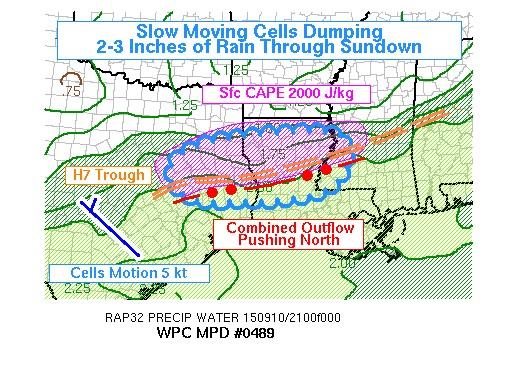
AREAS AFFECTED...ERN TX...NRN LA...WRN MS

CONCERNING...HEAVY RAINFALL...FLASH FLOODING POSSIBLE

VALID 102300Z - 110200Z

SUMMARY...VERY SLOW MOVING THUNDERSTORMS WILL PRODUCE RAPID
ACCUMULATIONS OF 2-3 INCHES OF RAIN BEFORE LOSING INTENSITY TOWARD
SUNSET. FLASH FLOODING IS POSSIBLE.

DISCUSSION...EVENTS ACROSS TX/LA/MS MAY BE NEAR THEIR PEAK AS OF
2250Z...BUT POTENTIAL FOR ADDITIONAL FLASH FLOODING DOES LOOK TO
REMAIN THROUGH ABOUT 02Z PER 1-HOUR RAIN RATES IN THE HRRR AND
SIMULATED REFLECTIVITY FROM THE NCEP HI-RES MODELS. FORCING ALONG
A 700 MB TROUGH AXIS HAD COMBINED WITH OUTFLOW FROM EARLY MORNING
COASTAL CONVECTION TO PRODUCE A SIZABLE...ALTHOUGH WEAK...COLD
POOL STRETCHED BENEATH THE TROUGH AXIS. THE NORTH SIDE OF THE COLD
POOL WILL REMAIN FAVORED FOR NEW CELL DEVELOPMENT...WITH NEW CELLS
ESSENTIALLY PULSING FOR 30-60 MINUTES AND THEN REFORMING A SHORT
DISTANCE NORTHWARD...AS HAD BEEN SEEN ALREADY THIS AFTERNOON. WITH
LIGHT STEERING FLOW FROM THE NORTHWEST THIS WILL ALLOW FOR PERIODS
OF TRAINING ON SMALL SPACE SCALES...AND GIVEN VERY DEEP MOISTURE
THE THREE INCH PER HOUR RATES ESTIMATED BY RADAR ARE LIKELY
ACCURATE. THERE WAS A MESONET OBSERVATION OF 2.4 INCHES IN ONE
HOUR NEAR MONTEREY LA...AND AN UNOFFICIAL REPORT OF 2 INCHES IN 30
MINUTES IN EAST TEXAS.

THE CONVECTION HAD DEVELOPED NORTHWARD ACROSS THE GRADIENT TOWARD
SLIGHTLY DRIER AIR...BUT WITH PRECIPITABLE WATER VALUES STILL
ABOVE 1.75 INCHES. THE DRIER MID LEVEL AIR ACTED ALSO TO MAINTAIN
MODERATE INSTABILITY...AND ALTHOUGH LOW LEVEL CUMULUS IN NORTHERN
LA HAD BEGUN TO FADE...THE AIR WAS LIKELY UNSTABLE ENOUGH TO
SUPPORT ANOTHER 2-3 HOURS OF SPOTTY HEAVY RAINFALL ALONG THE
OUTFLOW BOUNDARY FROM TX TO MS...PERHAPS GETTING NEAR I-20.